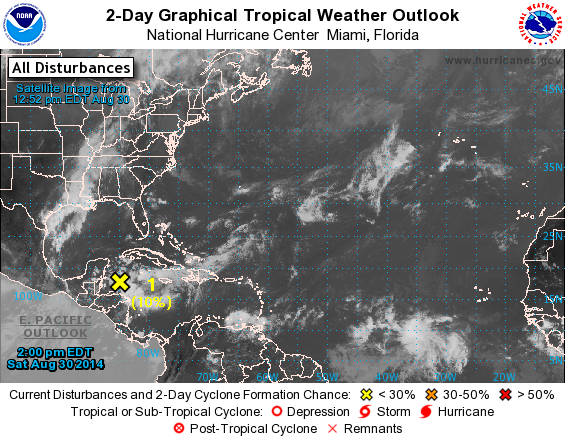
For the North Atlantic...Caribbean Sea and the Gulf of Mexico:

1. Disorganized shower and thunderstorm activity continues in association with a tropical wave over the northwestern Caribbean Sea. Upper-level winds are expected to become more conducive during the next couple of days, but land interaction will likely limit significant development while the disturbance moves across the Yucatan peninsula Sunday and Sunday night. Environmental conditions are expected to be conducive for some gradual development once the system moves into the southwestern Gulf of Mexico by Monday.
* Formation chance through 48 hours...low...10 percent.
* Formation chance through 5 days...medium...40 percent.

Forecaster Beven